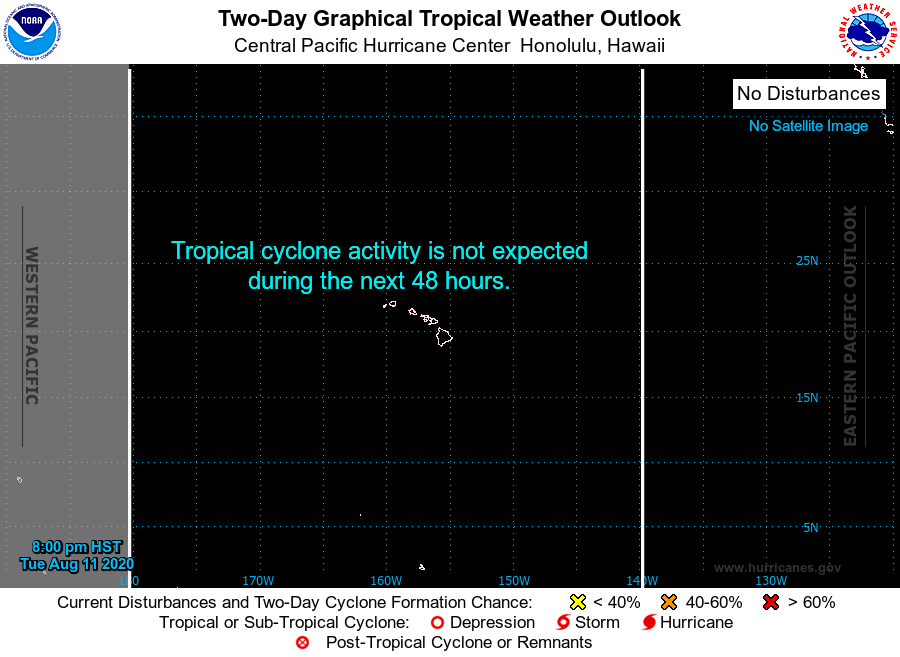
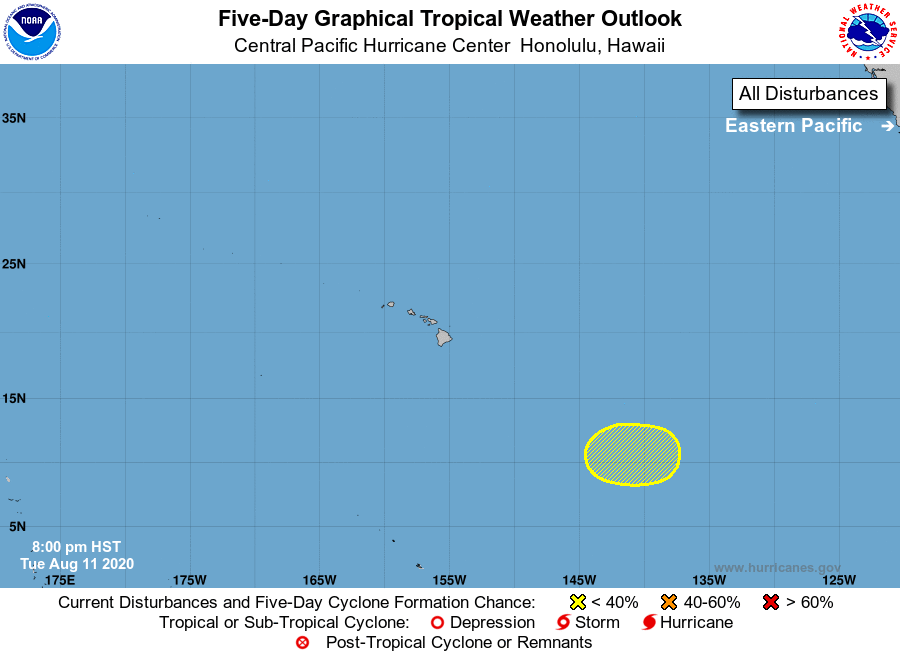
For the central North Pacific...between 140W and 180W:

1. An area of disturbed weather is forecast to form in an area about 1300 miles east-southeast of Hilo, Hawaii within the next couple of days. Some subsequent gradual development of this system is possible later this week while the system moves slowly westward toward the Central Pacific basin.
* Formation chance through 48 hours...low...near 0 percent.
* Formation chance through 5 days...low...30 percent.

Elsewhere, no tropical cyclones are expected during the next 5 days.

Forecaster Birchard/Stewart